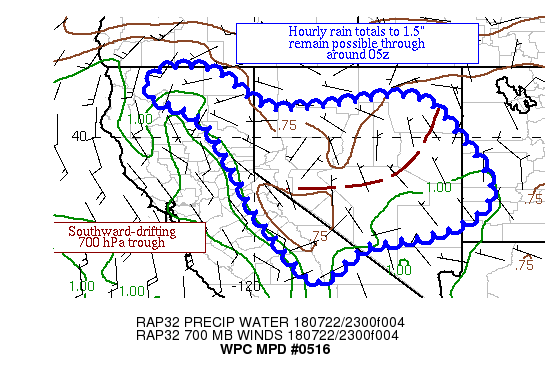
AREAS AFFECTED...EASTERN CA & CENTRAL NV & VICINITY

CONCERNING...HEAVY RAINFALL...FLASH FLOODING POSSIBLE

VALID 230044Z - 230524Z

SUMMARY...THUNDERSTORMS CONTINUE TO BROADEN IN COVERAGE ACROSS THE
TERRAIN OF EASTERN CA AND CENTRAL NV.  HOURLY RAIN RATES TO 1.5"
ARE EXPECTED UNTIL ACTIVITY WANES AROUND 05Z.

DISCUSSION...ANOTHER DAY OF AFTERNOON/ EVENING THUNDERSTORM
ACTIVITY IS BEING WITNESSED ACROSS THE TOPOGRAPHY OF EASTERN AND
NORTHERN CA AS WELL AS THE WRINKLED TOPOGRAPHY OF THE GREAT BASIN
DESERT TODAY, WITH VAD WIND PROFILES SHOWING A 700 HPA TROUGH IN
ROUGHLY THE SAME PLACE AS PREVIOUS DAYS WHICH IS TRYING TO FOCUS
SOME OF THE ACTIVITY, WITH THE MOUNTAINS FOCUSING THE STORMS
ACROSS NORTHERN AND EASTERN CA.  ACTIVITY IS BEING AIDED BY
DIVERGENCE ALOFT BEING AFFORDED BY A BRANCH OF THE SUBTROPICAL JET
AIMING TOWARDS THE CENTRAL SIERRA NEVADA AND THE MAIN BELT OF THE
WESTERLIES CLOSEBY TO THE NORTH.  PRECIPITABLE WATER VALUES REMAIN
QUITE HIGH, IN THE 0.8-1" RANGE ACROSS NV AND AROUND 0.5" IN THE
HIGH SIERRA.  ML CAPE VALUES ARE 500-1500 J/KG.  CIN IS JUST
BEGINNING TO SET IN, BUT AS OF YET HAS NOT AFFECTED CONVECTIVE
COVERAGE.

THE MESOSCALE GUIDANCE CONTINUES TO LACK UTILITY FOR QPF IN THIS
REGION.  RAP GUIDANCE SUGGESTS THAT ACTIVITY IN NV SHOULD SETTLE
SOMEWHAT SOUTHWARD IN CONCERT WITH THE 700 HPA TROUGH.  UNLESS AN
UPPER LEVEL SHORTWAVE CAN SHARPEN ACROSS THE REGION IN THE
MEANTIME, THUNDERSTORMS ARE EXPECTED TO PERSIST FOR ANOTHER FEW
HOURS BEFORE FADING AROUND 05Z ONCE CIN FULLY ENVELOPS THE REGION.
 IN THE MEANTIME, THE AVAILABLE MOISTURE AND INSTABILITY SUPPORTS
HOURLY RAIN TOTALS TO 1.5", WHICH WOULD BE PROBLEMATIC NEAR ANY
WASHES/ARROYOS, BURN SCARS, AND TOWNS WITHIN THE REGION.